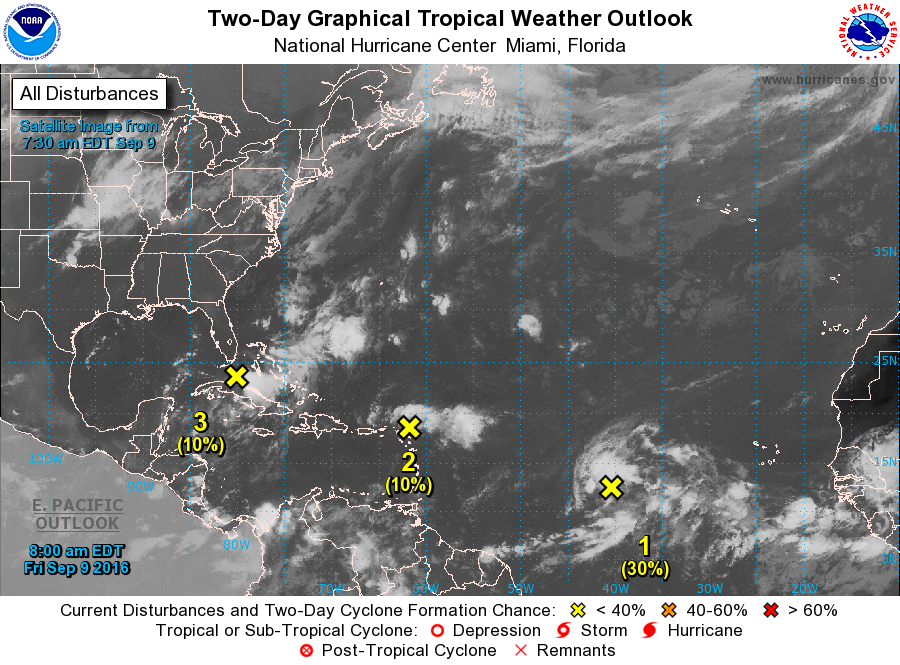
For the North Atlantic...Caribbean Sea and the Gulf of Mexico:

1. A large area of disturbed weather associated with a westward-moving tropical wave is located about 1200 miles east of the Lesser Antilles. This system is gradually becoming better organized, and conditions are forecast to be favorable for a tropical depression to form this weekend or early next week. This disturbance is expected to move toward the west-northwest and then northwest over the central Atlantic during the next several days.
* Formation chance through 48 hours...low...30 percent
* Formation chance through 5 days...high...70 percent

2. Cloudiness and showers located just north of the northern Leeward Islands are spreading west-northwestward with no signs of organization. Environmental conditions are not expected to be conducive for significant development.
* Formation chance through 48 hours...low...10 percent
* Formation chance through 5 days...low...10 percent

3. A small area of disturbed weather associated with a weak low has formed between Cuba and the western Bahamas. This activity is expected to spread westward across southern Florida and the Florida Keys later today and Saturday. Upper-level winds are not favorable for additional development.
* Formation chance through 48 hours...low...10 percent
* Formation chance through 5 days...low...10 percent

Forecaster Avila